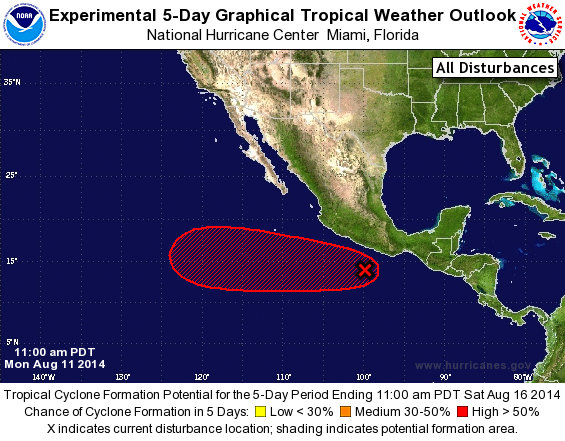
For the eastern North Pacific...east of 140 degrees west longitude:

1. Showers and thunderstorms have increased a little in association with a tropical wave located a couple of hundred miles south of Acapulco, Mexico. Gradual development of this system is expected, and a tropical depression is likely to form later this week while the system moves west-northwestward at 10 to 15 mph.
* Formation chance through 48 hours...low...20 percent.
* Formation chance through 5 days...high...80 percent.

Forecaster Cangialosi